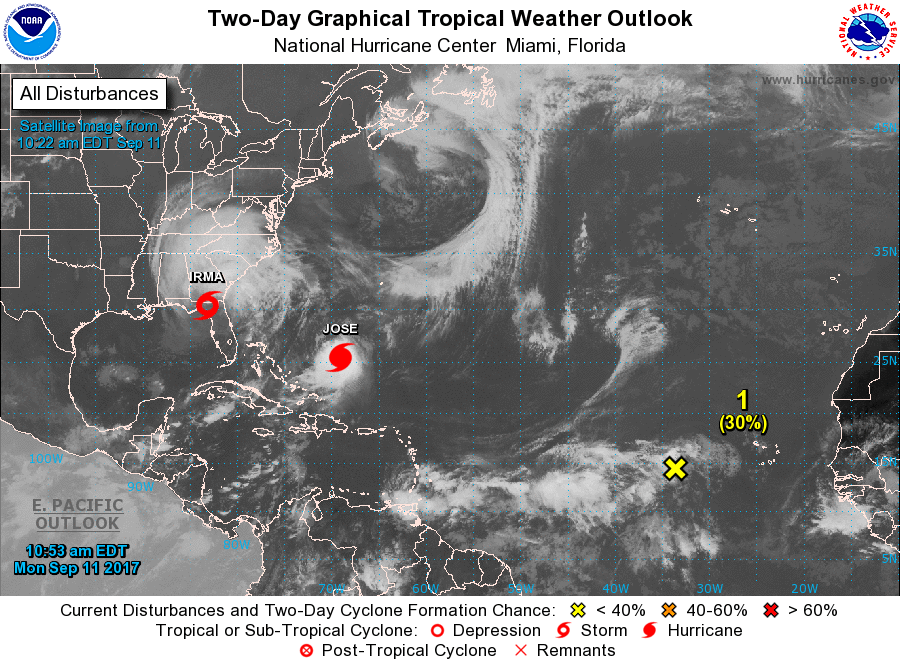
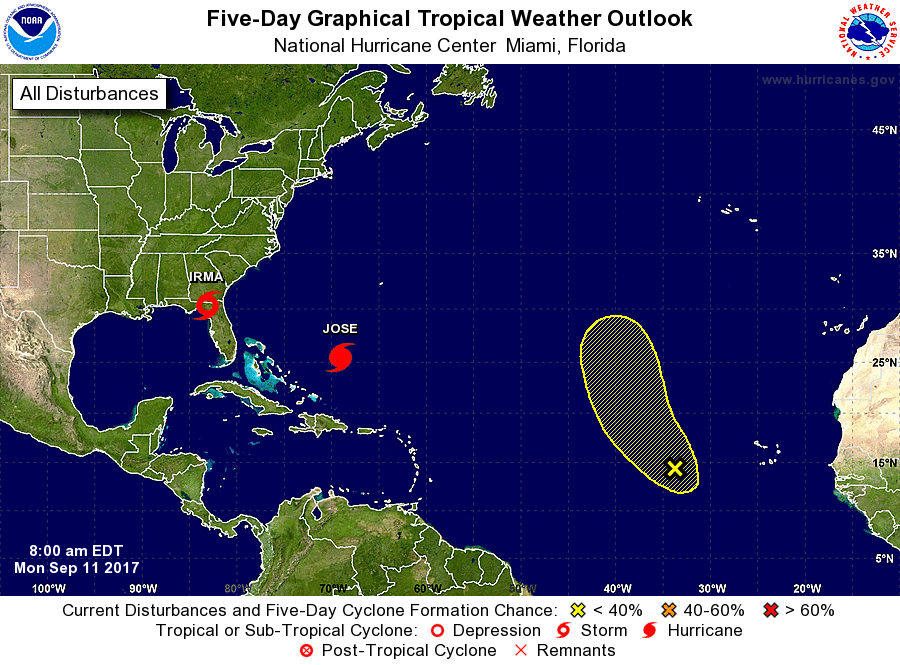
For the North Atlantic...Caribbean Sea and the Gulf of Mexico:

The National Hurricane Center is issuing advisories on Hurricane Irma, located inland over north-central Florida. The Weather Prediction Center is issuing advisories on Hurricane Jose, located a couple of hundred miles northeast of the Turks and Caicos Islands.

1. A tropical wave located several hundred miles west-southwest of the Cabo Verde Islands continues to produce disorganized showers and thunderstorms. Some development of this system is possible during the next couple of days before upper-level winds become unfavorable for tropical cyclone formation. This system is expected to move west-northwestward for the next two days and then turn northward over the central Atlantic.
* Formation chance through 48 hours...low...30 percent.
* Formation chance through 5 days...low...30 percent.

Forecaster Landsea